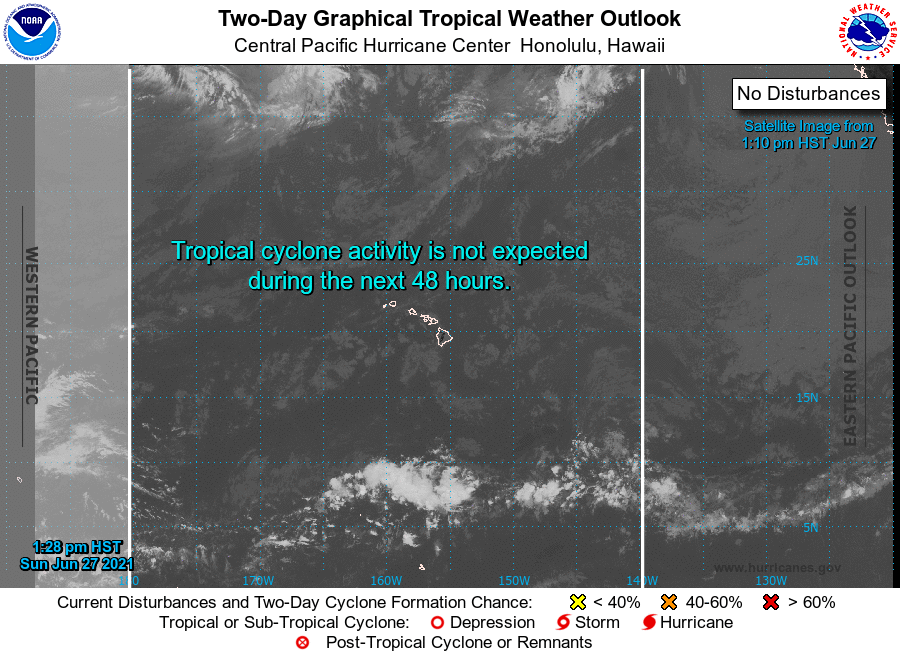
For the central North Pacific...between 140W and 180W:

No tropical cyclones are expected during the next 5 days.

Forecaster Foster